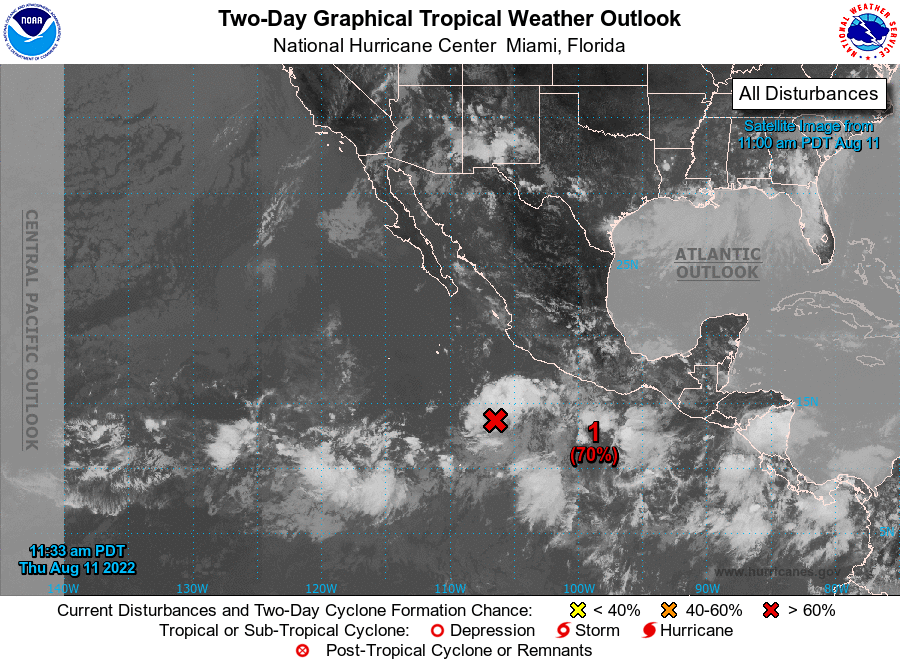
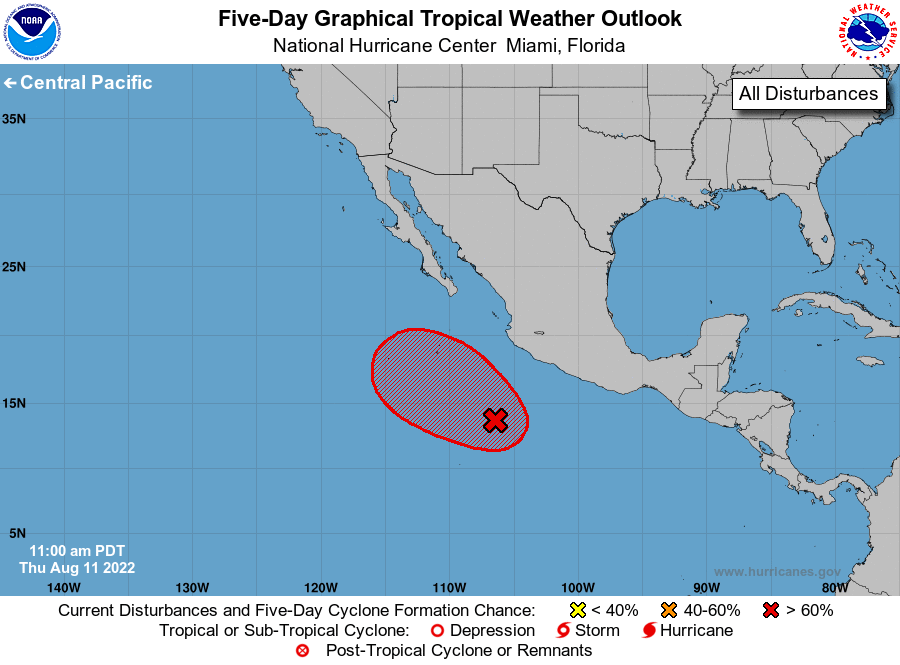
For the eastern North Pacific...east of 140 degrees west longitude:

Offshore of Southwestern Mexico:

1. Showers and thunderstorms associated with an area of low pressure located several hundred miles south of the coast of southwestern Mexico have become better organized during the past several hours. Environmental conditions appear conducive for additional development and a tropical depression is likely to form during the next day or two. This system is forecast to move west-northwestward or northwestward at about 10 mph, well offshore the coast of Mexico through the weekend. The disturbance should move into an environment that is less conducive for development by Sunday, and further development will be unlikely at that time.
* Formation chance through 48 hours...high...70 percent.
* Formation chance through 5 days...high...70 percent.

Forecaster D. Zelinsky